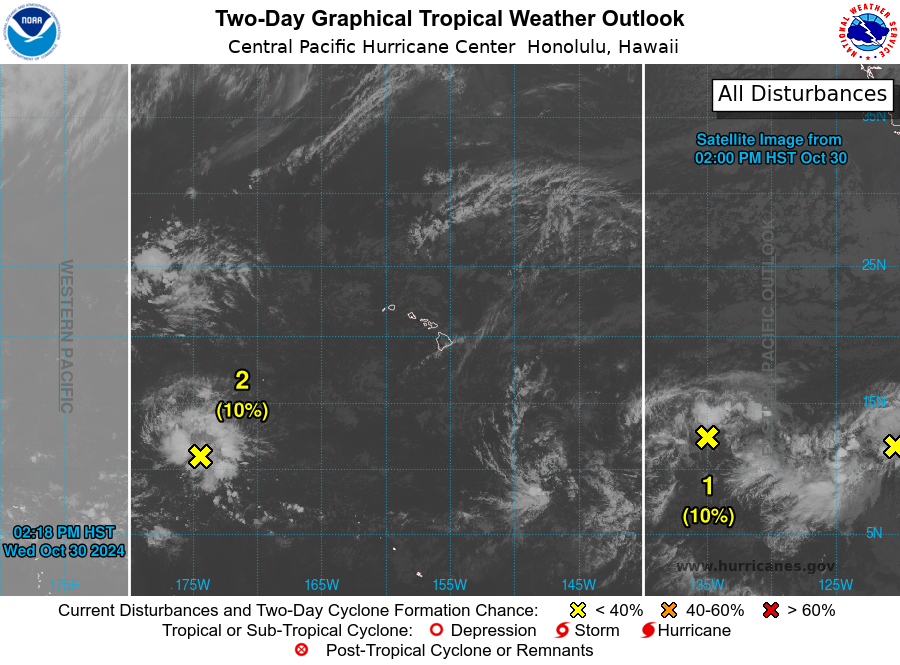
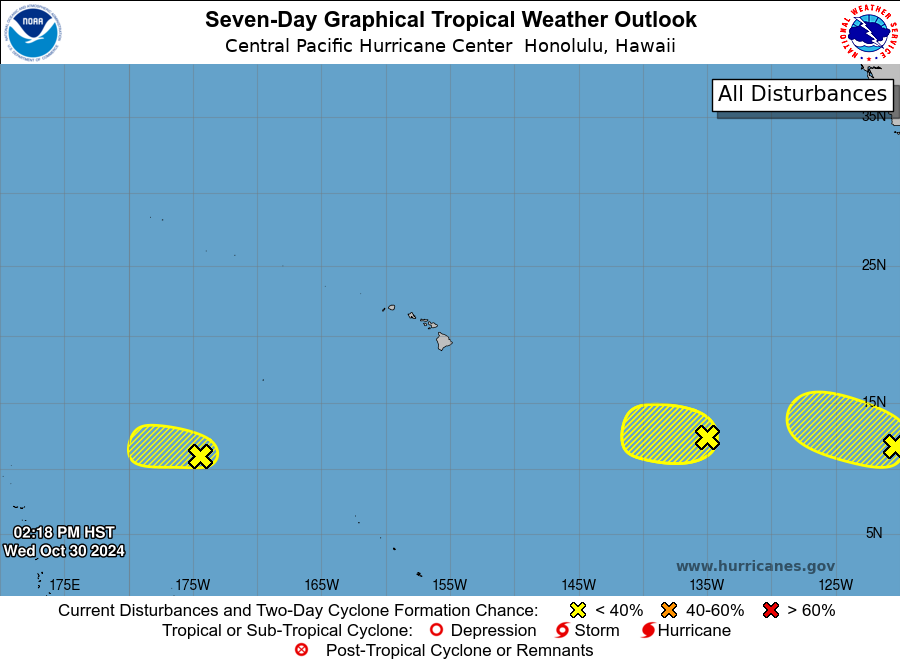
For the central North Pacific...between 140W and 180W:

1. About 1525 miles east-southeast of Hilo, Hawaii (EP91): A broad area of low pressure is producing disorganized showers and thunderstorms. Some development of this system is possible during the next few days while the system moves generally westward at about 15 mph. This system is expected to cross into the Central Pacific Basin by the end of the week, where environmental conditions look unfavorable for further development.
* Formation chance through 48 hours...low...10 percent.
* Formation chance through 7 days...low...20 percent.

2. About 1325 miles southwest of Honolulu, Hawaii: An area of low pressure is producing disorganized shower activity. Environmental conditions appear to be favorable for some slow development over the next day as the system moves northwestward around 15 mph. The system is expected to cross into the Western Pacific Basin tonight. These percentages reflect the development chances within the Central Pacfic basin only.
* Formation chance through 48 hours...low...near 10 percent.
* Formation chance through 7 days...low...near 10 percent.

Elsewhere, no tropical cyclones are expected during the next 7 days.

Forecaster Foster